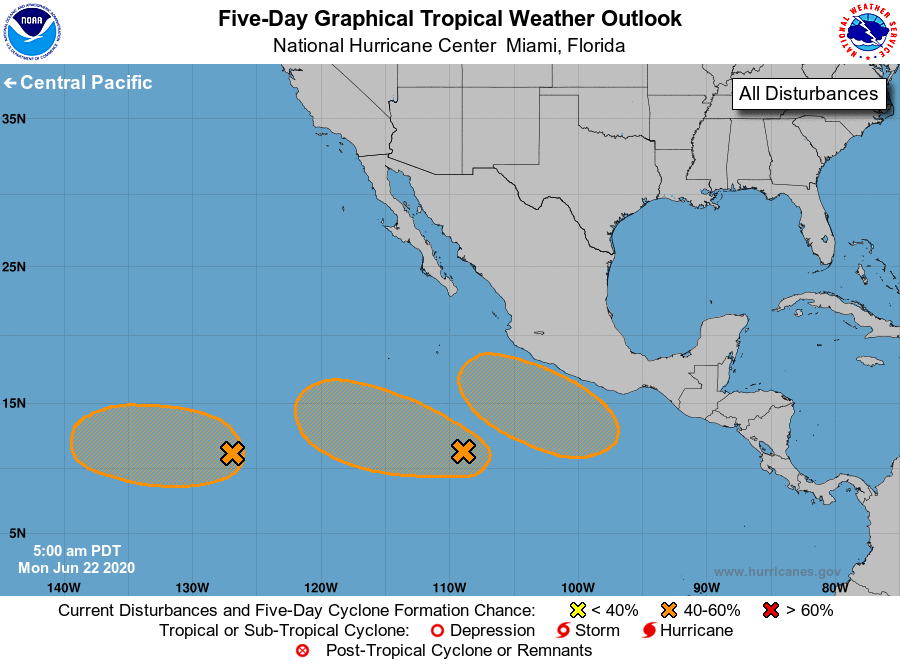
For the eastern North Pacific...east of 140 degrees west longitude:

1. A broad area of low pressure located more than 1000 miles southwest of the southern tip of the Baja California peninsula continues to produce disorganized showers and thunderstorms. Environmental conditions are expected to be conducive for gradual development, and this system could become a tropical depression during the next few days while it moves generally westward.
* Formation chance through 48 hours...medium...40 percent.
* Formation chance through 5 days...medium...60 percent.

2. Showers and thunderstorms associated with a broad area of low pressure located several hundred miles south of the southern tip of the Baja California peninsula, are showing some signs of organization. Environmental conditions are forecast to be conducive for gradual additional development, and a tropical depression could form during the next two to three days while the disturbance moves westward, away from the coast of Mexico. After that time, cooler waters are likely to inhibit further development.
* Formation chance through 48 hours...medium...50 percent.
* Formation chance through 5 days...medium...60 percent.

3. Another area of disturbed weather is forecast to form south of the coast of Mexico in a couple of days. Development is expected to occur after that time, and the system could become a tropical depression by late this week as the disturbance moves west-northwestward parallel to the coast of Mexico.
* Formation chance through 48 hours...low...near 0 percent.
* Formation chance through 5 days...medium...60 percent.

Forecaster Brown